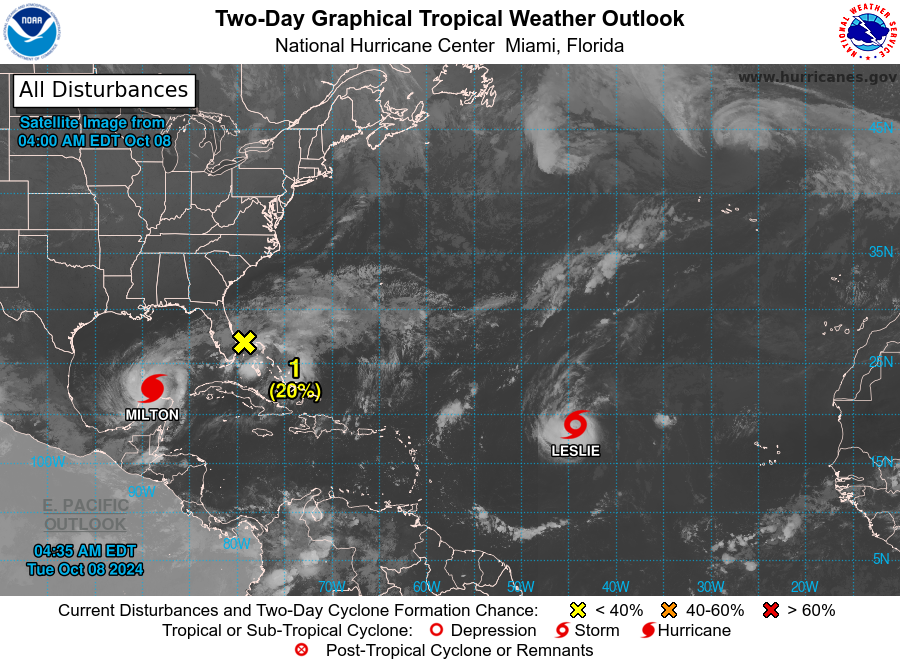
For the North Atlantic...Caribbean Sea and the Gulf of Mexico:

Active Systems: The National Hurricane Center is issuing advisories on Hurricane Leslie, located over the central tropical Atlantic Ocean, and on Hurricane Milton, located over the southwestern Gulf of Mexico.

1. Southwestern Atlantic: A broad area of low pressure has formed near the northern Bahamas and is expected to move northeastward into the southwestern Atlantic later today. Some additional development of this system is possible during the next day or so while the low moves northeastward to east-northeastward around 15 mph. Upper-level winds are likely to increase later in the week, which should limit further development.
* Formation chance through 48 hours...low...20 percent.
* Formation chance through 7 days...low...20 percent.

2. Eastern Tropical Atlantic: A tropical wave is expected to move off the west coast of Africa in a couple of days. Afterward, environmental conditions appear only marginally favorable for some limited development of this system while it moves westward or west-northwestward across the eastern tropical Atlantic, moving near the Cabo Verde Islands on Thursday or early Friday.
* Formation chance through 48 hours...low...near 0 percent.
* Formation chance through 7 days...low...20 percent.

Forecaster Roberts